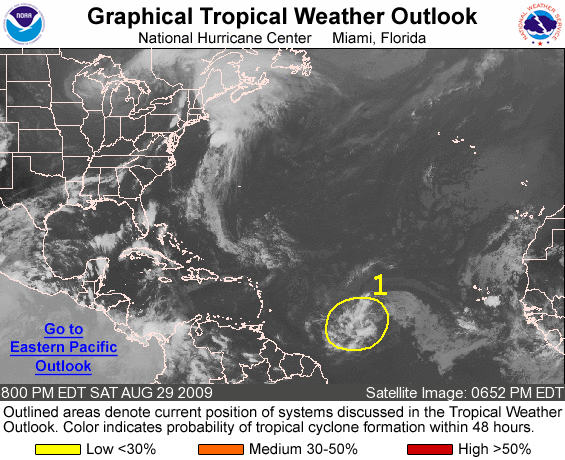
FOR THE NORTH ATLANTIC...CARIBBEAN SEA AND THE GULF OF MEXICO...

1. SHOWERS AND THUNDERSTORMS ASSOCIATED WITH A BROAD AREA OF LOW PRESSURE LOCATED ABOUT 1245 MILES EAST OF THE LESSER ANTILLES REMAIN LIMITED THIS EVENING. DEVELOPMENT...IF ANY...OF THIS SYSTEM WILL BE SLOW TO OCCUR AS IT MOVES WESTWARD OR WEST-NORTHWESTWARD AT AROUND 15 MPH. THERE IS A LOW CHANCE...LESS THAN 30 PERCENT...OF THIS SYSTEM BECOMING A TROPICAL CYCLONE DURING THE NEXT 48 HOURS.

ELSEWHERE...TROPICAL CYCLONE FORMATION IS NOT EXPECTED DURING THE NEXT 48 HOURS.

FORECASTER ROBERTS/BEVEN